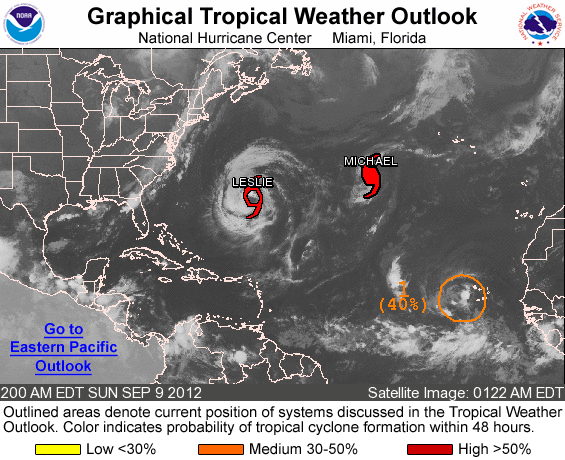
FOR THE NORTH ATLANTIC...CARIBBEAN SEA AND THE GULF OF MEXICO...

THE NATIONAL HURRICANE CENTER IS ISSUING ADVISORIES ON TROPICAL STORM LESLIE...LOCATED ABOUT 180 MILES SOUTHEAST OF BERMUDA...AND ON HURRICANE MICHAEL...LOCATED ABOUT 920 MILES WEST-SOUTHWEST OF THE AZORES.

1. A TROPICAL WAVE LOCATED A COUPLE OF HUNDRED MILES WEST OF THE CAPE VERDE ISLANDS IS PRODUCING DISORGANIZED SHOWERS AND THUNDERSTORMS. ENVIRONMENTAL CONDITIONS APPEAR FAVORABLE FOR GRADUAL DEVELOPMENT OF THE WAVE AS IT MOVES WESTWARD AT ABOUT 20 MPH. THIS SYSTEM HAS A MEDIUM CHANCE...40 PERCENT...OF BECOMING A TROPICAL CYCLONE DURING THE NEXT 48 HOURS.

ELSEWHERE...TROPICAL CYCLONE FORMATION IS NOT EXPECTED DURING THE NEXT 48 HOURS.

FORECASTER CANGIALOSI